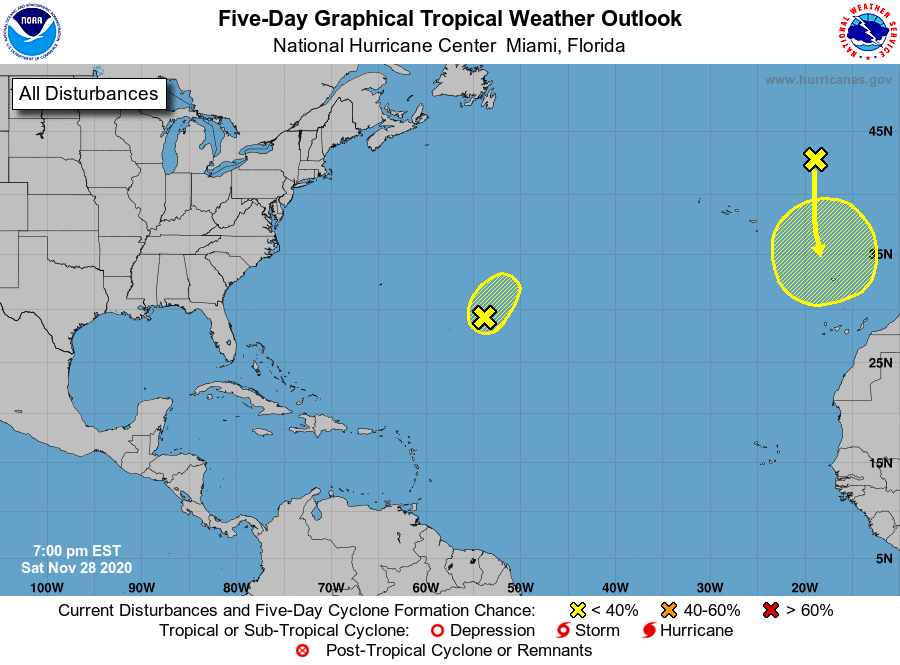
For the North Atlantic...Caribbean Sea and the Gulf of Mexico:

1. A strong, non-tropical low pressure system over the far eastern Atlantic is expected to continue moving southward during the next day or so. This low could acquire subtropical characteristics in a couple of days while it meanders just to the north of the Canary Islands. By the middle of next week, environmental conditions are forecast to become unfavorable for further development. Additional information on this system can be found in High Seas Forecasts issued by Meteo France.
* Formation chance through 48 hours...low...20 percent.
* Formation chance through 5 days...low...30 percent.

2. A trough of low pressure located about 700 miles east-southeast of Bermuda is producing disorganized showers and thunderstorms. This system is moving north-northeastward, and development is unlikely before it is absorbed by a non-tropical low pressure system and frontal boundary beginning Sunday.
* Formation chance through 48 hours...low...10 percent.
* Formation chance through 5 days...low...10 percent.

High Seas Forecasts issued by Meteo France can be found under WMO header FQNT50 LFPW.

Forecaster Cangialosi